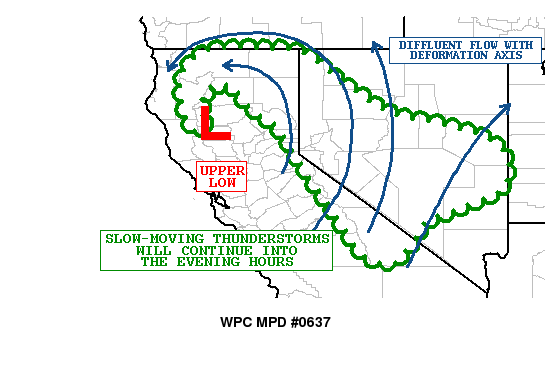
AREAS AFFECTED...SIERRA-NEVADA...SHASTA/SISKIYOU
RANGES...NORTHWEST TO CENTRAL/EASTERN NV

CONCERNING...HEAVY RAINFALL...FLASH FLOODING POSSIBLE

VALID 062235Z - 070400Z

SUMMARY...SLOW-MOVING SHOWERS AND THUNDERSTORMS WILL CONTINUE INTO
THE EVENING HOURS. THE THREAT FOR FLASH FLOODING WILL CONTINUE
OVER THE NEXT SEVERAL HOURS.

DISCUSSION...MID-AFTERNOON NON-OPERATIONAL GOES-16 0.64 MICRON/VIS
IMAGERY ALONG WITH RADAR OBSERVATIONS CONTINUES TO SHOW CLUSTERS
OF SLOW-MOVING SHOWERS AND THUNDERSTORMS UP ALONG WITH THE SPINE
OF THE SIERRA-NEVADA AND ADJACENT FOOTHILLS. MEANWHILE...SCATTERED
CLUSTERS OF CONVECTION ARE ALSO SEEN FARTHER EAST OVER CENTRAL NV
SLOWLY MOVING EASTWARD.

ALL OF THE ACTIVITY IS IN ASSOCIATION WITH AN UPPER LOW MOVING
GRADUALLY EAST ACROSS NORTHERN CA WITH A RATHER WELL DEFINED
TROUGH AXIS AND DEFORMATION ZONE EXTENDING EAST-SOUTHEAST ACROSS
THE GREAT BASIN. DESPITE THE INTRUSION OF DRY AIR IN THE 500/300MB
LAYER AND A GENERAL LOWERING OF PWATS...THERE IS PLENTY OF
INSTABILITY IN PLACE AND SUFFICIENT MID LEVEL MOISTURE FOR THE
ONGOING CONVECTIVE ACTIVITY TO PRODUCE SOME HEAVY RAINFALL
RATES...WITH SOME HOURLY ACCUMULATIONS APPROACHING 1 INCH.

THE STRONGEST FORCING OVER THE LAST COUPLE OF HOURS HAS BEEN UP
OVER THE NORTHERN SIERRA-NEVADA AND ADJACENT RANGES INVOLVING THE
SHASTA/SISKIYOU REGION. THIS IS WHERE SOME OF THE COLDEST CLOUD
TOPS HAVE BEEN AND WHERE THE MOST IMPRESSIVE VISIBLE IMAGERY
PRESENTATION HAS BEEN SEEN. MOST LIKELY THIS IS WHERE THE HEAVIEST
RAINFALL RATES HAVE BEEN OVER THE LAST HOUR.

GIVEN THE SLOW MOVEMENT OF THE CELL ACTIVITY AND INTERACTION OF
DEEPER LAYER FORCING WITH THE HIGHER TERRAIN...SOME RAINFALL
TOTALS OF 1 TO 2 INCHES ARE EXPECTED...AND THIS MAY LEAD TO SOME
FLASH FLOODING CONCERNS AND ESPECIALLY NEAR ANY BURN SCAR AREAS.